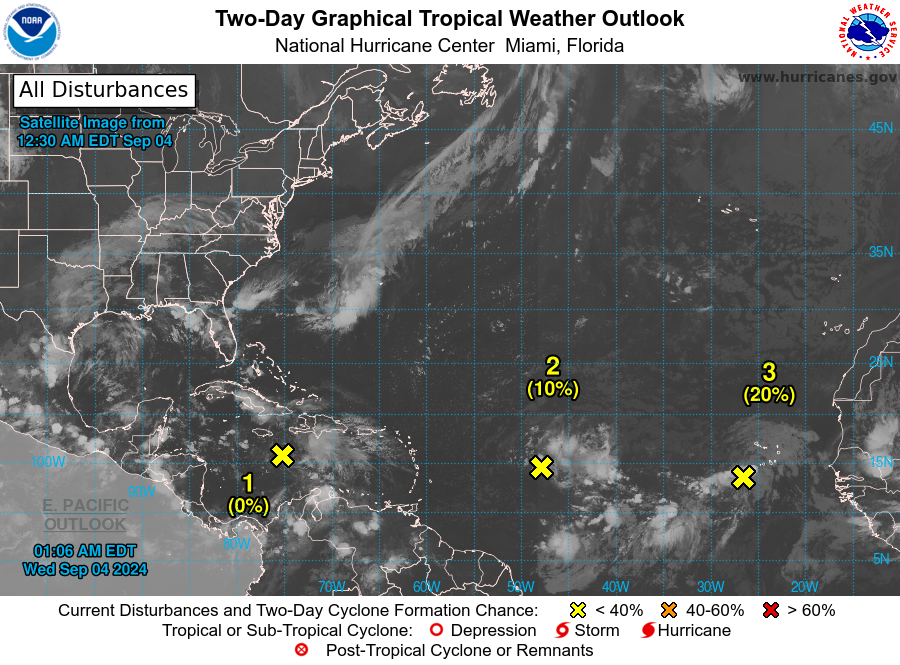
For the North Atlantic...Caribbean Sea and the Gulf of Mexico:

1. Northwestern Caribbean Sea and Southwestern Gulf of Mexico: A tropical wave moving quickly westward at about 20 mph is producing a large area of disorganized showers and thunderstorms over Hispaniola and portions of the central Caribbean Sea. Some development is possible late this week when the wave slows down over the northwestern Caribbean Sea or early next week over the southwestern Gulf of Mexico.
* Formation chance through 48 hours...low...near 0 percent.
* Formation chance through 7 days...low...30 percent.

2. Central Tropical Atlantic Ocean: Another tropical wave located about 900 miles east of the Lesser Antilles is producing disorganized showers and thunderstorms. Development of this system, if any, is expected to be slow to occur over the next couple of days while it moves west-northwestward at 10 to 15 mph. Environmental conditions are expected to become unfavorable for additional development by the end of the week.
* Formation chance through 48 hours...low...10 percent.
* Formation chance through 7 days...low...10 percent.

3. Eastern Tropical Atlantic Ocean: A third tropical wave over the far eastern Atlantic is also producing disorganized shower activity. Some slow development of this system is possible during the next few days while it moves slowly northwestward at 5 to 10 mph over the eastern tropical Atlantic Ocean. This system could produce locally heavy rains across portions of the Cabo Verde Islands today.
* Formation chance through 48 hours...low...20 percent.
* Formation chance through 7 days...low...30 percent.

Forecaster Berg